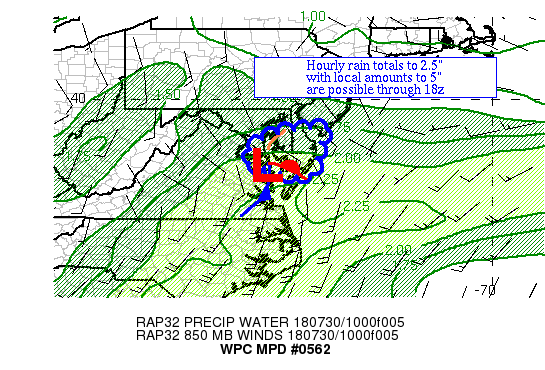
Areas affected...Eastern Mid-Atlantic Region

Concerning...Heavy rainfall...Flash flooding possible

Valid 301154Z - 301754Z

Summary...A band of showers and thunderstorms is expected to
remain quasi-stationary over the next several hours.  Hourly
totals to 2.5" with local amounts of 5" are possible.

Discussion...A band of thunderstorms has been moving northward
into southern and southeast MD within a warm advection pattern
east of a weak surface low near the Mouth of the Potomac.
Divergence aloft is being sponsored by an incoming upper trough
across the Ohio Valley.  Precipitable water values of 1.75-2.2"
lie here per GPS data.  Inflow at 850 hPa is 15-20 kts out of the
southwest, though effective bulk shear of 25-30 kts has organized
the band.  ML CAPE of 500-1500 J/kg exists in this area per SPC
mesoanalyses.

The guidance shows some additional northward motion before halting
in the very near future.  It appears that RAP mass fields keep the
surface boundary pretty much where it is now for the next several
hours.  The problematic mesoscale wave has been moving eastward at
15 kts over the past couple hours, which the RAP guidance in
particular may not be handling well.  The area has received
100-600% of the average rainfall over the past couple weeks, so
soils should be partially saturated.  The available moisture and
instability should allow for hourly rain totals to 2.5".  The
mesoscale guidance has a strong signal for local amounts in the 5"
range through 18z.  This would be problematic in any urban areas
or where soils have been partially saturated by the wetness seen
during the last half of July.